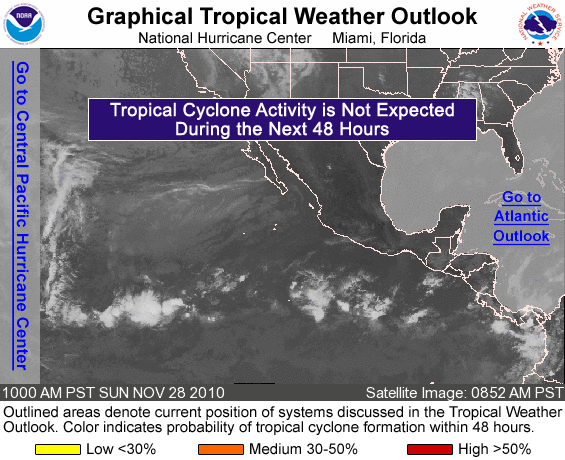
FOR THE EASTERN NORTH PACIFIC...EAST OF 140 DEGREES WEST LONGITUDE..

TROPICAL CYCLONE FORMATION IS NOT EXPECTED DURING THE NEXT 48 HOURS.

FORECASTER KIMBERLAIN